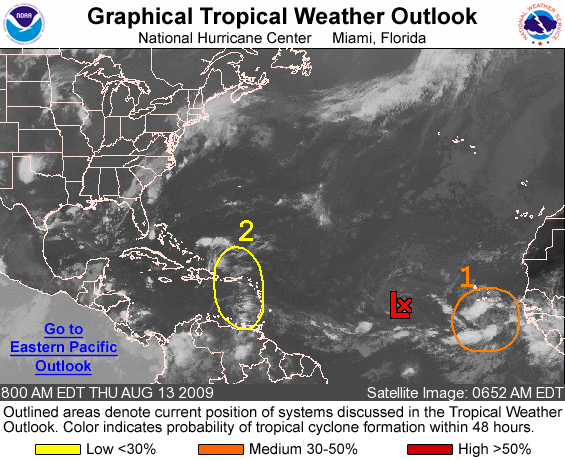
FOR THE NORTH ATLANTIC...CARIBBEAN SEA AND THE GULF OF MEXICO...

THE NATIONAL HURRICANE CENTER IS ISSUING ADVISORIES ON TROPICAL DEPRESSION TWO...LOCATED ABOUT 840 MILES WEST OF THE SOUTHERNMOST CAPE VERDE ISLANDS.

1. SHOWERS AND THUNDERSTORMS CONTINUE IN ASSOCIATION WITH A BROAD AREA OF LOW PRESSURE AND A STRONG TROPICAL WAVE CENTERED ABOUT 250 MILES SOUTH-SOUTHEAST OF THE CAPE VERDE ISLANDS IN THE FAR EASTERN ATLANTIC OCEAN. CONDITIONS APPEAR TO BE FAVORABLE FOR FURTHER DEVELOPMENT DURING THE NEXT FEW DAYS...AND THERE IS A MEDIUM CHANCE...30 TO 50 PERCENT...OF THIS SYSTEM BECOMING A TROPICAL CYCLONE DURING THE NEXT 48 HOURS WHILE THE LOW MOVES TO THE WEST AT 10 TO 15 MPH.

2. A WESTWARD-MOVING TROPICAL WAVE OVER THE EASTERN CARIBBEAN SEA AND WESTERN ATLANTIC OCEAN IS PRODUCING DISORGANIZED SHOWERS AND THUNDERSTORMS. UPPER-LEVEL WINDS ARE NOT FAVORABLE FOR SIGNIFICANT DEVELOPMENT AND THERE IS A LOW CHANCE...LESS THAN 30 PERCENT...OF THIS SYSTEM BECOMING A TROPICAL CYCLONE DURING THE NEXT 48 HOURS.

ELSEWHERE...TROPICAL CYCLONE FORMATION IS NOT EXPECTED DURING THE NEXT 48 HOURS.

FORECASTER BEVEN